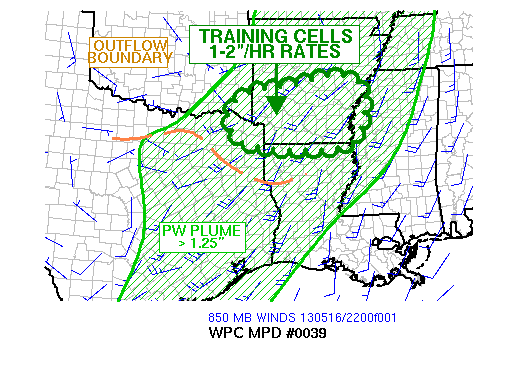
AREAS AFFECTED...ARKLATEX INTO SRN/CNTRL ARKANSAS

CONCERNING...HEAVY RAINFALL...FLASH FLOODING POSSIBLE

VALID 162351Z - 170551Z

SUMMARY...TRAINING CONVECTION NORTH OF AN OUTFLOW BOUNDARY ACROSS
NRN TEXAS/LOUISIANA MAY CAUSE LOCALIZED FLASH FLOODING.

DISCUSSION...23Z MESOANALYSIS PLACED AN OUTFLOW BOUNDARY FROM DTO
TO GGG TO JUST SOUTH OF SHV WHILE RECENT RADAR IMAGERY HAS SHOWN A
COUPLE OF NARROW BANDS OF TRAINING CONVECTION ACROSS SWRN
ARKANSAS. CELLS ARE DEVELOPING DUE TO LOW LEVEL WARM ADVECTION
ATOP THE RAIN COOLED AIRMASS INTO A VERY MOIST BUT ONLY MARGINALLY
UNSTABLE ENVIRONMENT IN PLACE FROM THE ARKLATEX INTO SRN/CENTRAL
LOUISIANA. RECENT GPS PWS INDICATE AN INCREASING TREND OF DEEP
MOISTURE AT SHV...WITH PW VALUES OF 1.65" AT 22Z.

WATER VAPOR IMAGERY AT 23Z INDICATED AN UPPER LOW TRACKING
NORTHEASTWARD ACROSS NRN ARKANSAS WHICH SHOULD HAVE THE EFFECT OF
SLOWLY VEERING LOW LEVEL FLOW TOWARD THE SOUTHWEST AND
WEST-SOUTHWEST EARLY TONIGHT...WHICH SHOULD CONTINUE TO OVERRUN
THE OUTFLOW BOUNDARY. RAINFALL RATES OF 1 TO 2 IN/HR WILL BE
POSSIBLE THROUGH AT LEAST 03Z AS SUGGESTED BY RECENT RUNS OF THE
HRRR AND HRW NMM/ARW HI-RES MODELS...CONFIRMED BY RECENT DUAL-POL
1 HR RAINFALL RATES ACROSS EXTREME SRN ARKANSAS. AS DRIER
MID-LEVEL AIR MOVES INTO THE THREAT AREA AFTER 03Z...THE
OVERRUNNING CONVECTION SHOULD COME TO AN END FROM WEST TO
EAST...BUT WILL CONTINUE TO MONITOR THE SITUATION.